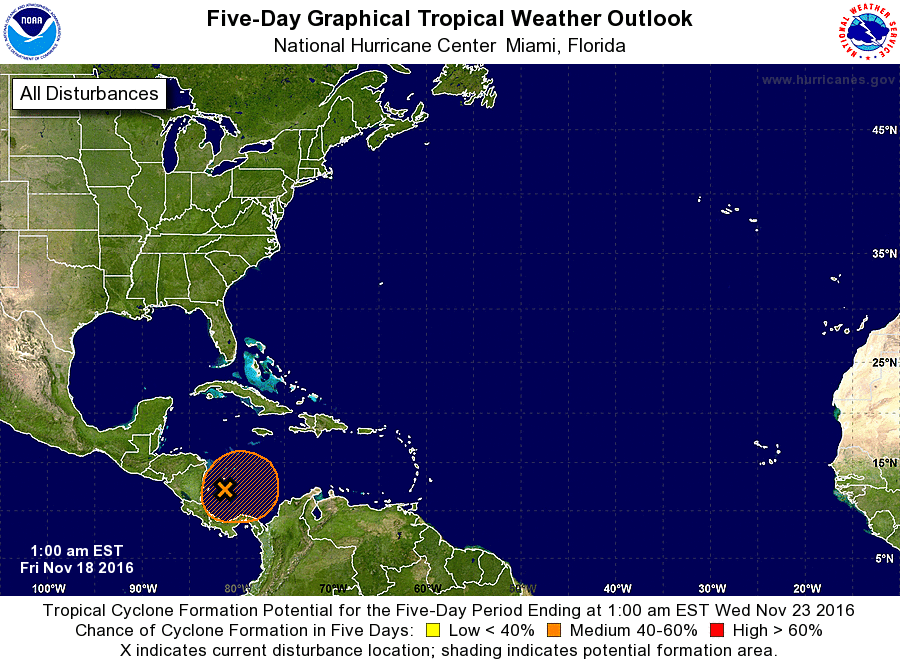
For the North Atlantic...Caribbean Sea and the Gulf of Mexico:

Cloudiness and showers over the southwestern Caribbean Sea are associated with a broad low pressure area. This system continues to show little change in organization. However, environmental conditions are expected to be conducive for slow development during the next several days, and a tropical depression could form by late this weekend or early next week while the low moves slowly and erratically.

1.
* Formation chance through 48 hours...low...20 percent
* Formation chance through 5 days...medium...60 percent

Forecaster Pasch